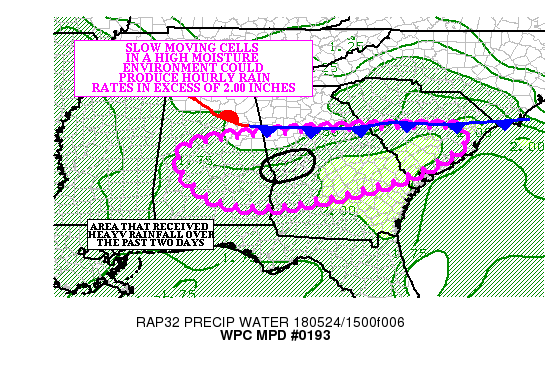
AREAS AFFECTED...SOUTHERN SC...CENTRAL GA...CENTRAL AL

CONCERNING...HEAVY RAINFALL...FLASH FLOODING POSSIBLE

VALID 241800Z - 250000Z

SUMMARY...INCREASING COVERAGE OF SLOW MOVING CONVECTION ACROSS
PORTIONS OF THE SOUTHEAST IN A HIGH MOISTURE CONTENT AIRMASS MAY
PRODUCE HOURLY RAINFALL RATES NEAR 2.00 INCHES. THESE RAINFALL
RATES COULD RESULT IN A FLASH FLOOD THREAT INTO THE LATE AFTERNOON
HOURS...ESPECIALLY IN AREAS THAT RECEIVED HEAVY RAINFALL IN
PREVIOUS DAYS.

DISCUSSION...REGIONAL RADARS ARE SHOWING AN INCREASE IN CONVECTIVE
COVERAGE ACROSS SC/GA/AL EARLY THIS AFTERNOON. THE CONVECTION IS
FORMING IN THE PRESENCE OF A WEAK MID LEVEL LOW OVER SOUTH CENTRAL
GA... WHERE THE LOW CLOUD COVER IN STARTING TO BREAK. THE BREAKING
CLOUD COVER HAS ALLOWED MLCAPES TO JUMP TO BETWEEN 1000-1500 J/KG,
STRETCHING FROM SOUTHEAST AL ACROSS CENTRAL GA INTO WEST CENTRAL
SC.

THE MOST RECENT RAP ANALYSIS/BLENDED TPW PRODUCT SHOWED AN AXIS OF
1.75 INCH PRECIPITABLE WATER AIR OVER THIS AREA, AND THE DEEP
MOISTURE HAS ALREADY ALLOWED SMALL CELLS TO PRODUCE HOURLY
RAINFALL RATES IN EXCESS OF 1.50 INCHES (BASED ON THE KMXX RADAR)
OVER PORTIONS OF EAST CENTRAL AL/WEST CENTRAL GA. THE MID LEVEL
FLOW REMAINS WEAK ACROSS THE SOUTHEAST STATES, FOSTERING SLOW CELL
MOTIONS, AS WELL THE POSSIBILITY OF SHORT TERM TRAINING AND CELL
MERGERS.

THE CELL MERGERS AND SHORT TERM TRAINING MAY RESULT IN THE
POTENTIAL OF HOURLY RAINFALL RATES AT OR ABOVE 2.00 INCHES. IN
FACT, THE 12Z HREF MEAN SHOWED HIGH PROBABILITIES OF HOURLY
RAINFALL RATES IN EXCESS OF 2.00 INCHES OVER SOUTH CENTRAL GA
DURING THE 24/21Z THROUGH 25/00Z TIME FRAME. THE MOST RECENT
HRRR/EXPERIMENTAL HRRR...AS WELL AS THE 12Z WRF ARW... INDICATED
LOCAL 3.00/4.00 INCH RAINFALL AMOUNTS...ESPECIALLY WHERE TRAINING
OR CELL MERGERS OCCUR.

WHILE THREE HOUR FLASH FLOOD GUIDANCE VALUES ARE FAIRLY HIGH
OVERALL, CLUSTERS OF STORMS OVER THE PAST FEW DAYS HAVE PRODUCED
HEAVY RAINFALL OVER PORTIONS OF CENTRAL GA INTO FAR EAST CENTRAL
AL. THESE AREAS COULD BE ESPECIALLY VULNERABLE TO FLASH FLOODING,
EVEN IF THE TOTAL CONVECTIVE COVERAGE IS NOT AS GREAT AS PREVIOUS
DAYS. THE THREAT FOR FLASH FLOODING SHOULD BEGIN TO WANE AFTER
25/00Z...AS THE INSTABILITY STARTS TO BECOME EXHAUSTED.